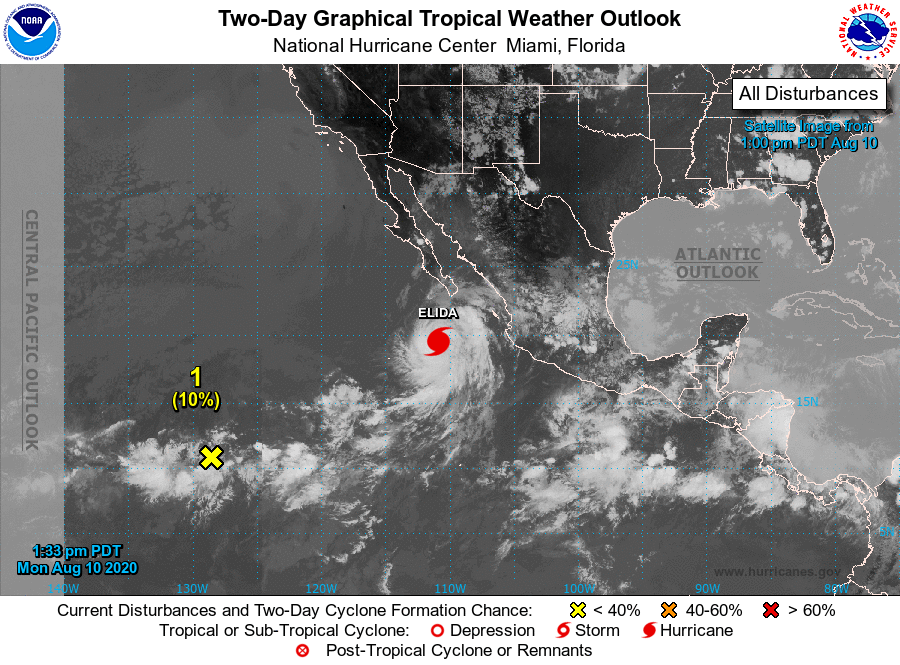
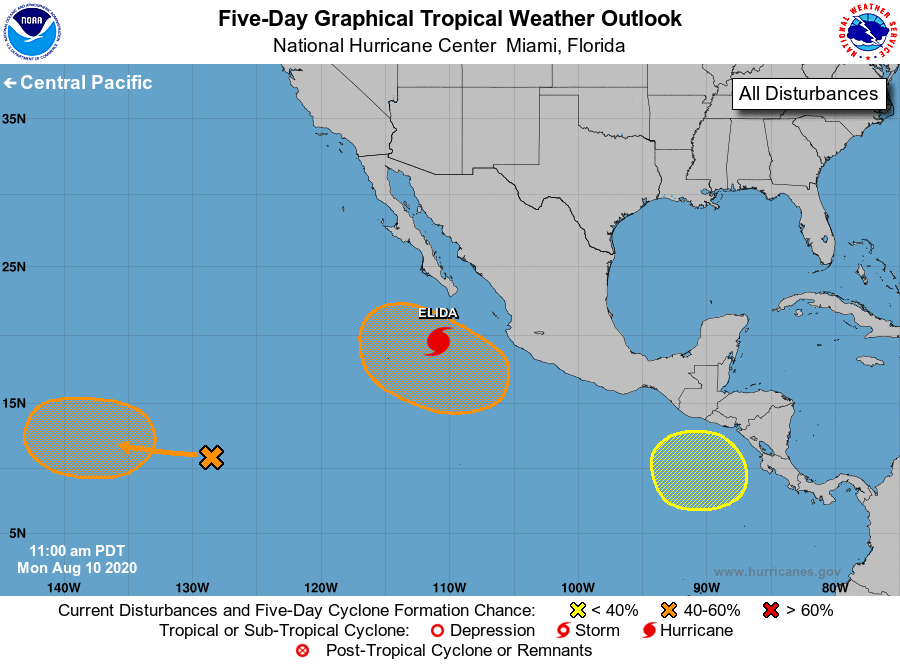
For the eastern North Pacific...east of 140 degrees west longitude:

The National Hurricane Center is issuing advisories on Tropical Storm Elida, located a few hundred miles south of the southern tip of the Baja California peninsula.

1. Disorganized showers and thunderstorms associated with a trough of low pressure are located about 1500 miles west-southwest of the southern tip of the Baja California peninsula. An area of low pressure is expected to form from this system in a couple of days, and it could become a tropical depression late this week. The system is expected to move slowly westward toward the central Pacific basin during the next several days.
* Formation chance through 48 hours...low...10 percent.
* Formation chance through 5 days...medium...60 percent.

2. An area of low pressure is forecast to develop well offshore the southwestern coast of Mexico around the middle of the week. Gradual development is possible thereafter, and this system could also become a tropical depression by late this week while it moves generally west-northwestward.
* Formation chance through 48 hours...low...near 0 percent.
* Formation chance through 5 days...medium...60 percent.

3. Another area of low pressure is expected to form by the end of the week over the far eastern portion of the basin to the south of the coast of Central America. Gradual development of this system is possible this weekend while it moves generally west-northwestward.
* Formation chance through 48 hours...low...near 0 percent.
* Formation chance through 5 days...low...20 percent.

Forecaster Cangialosi